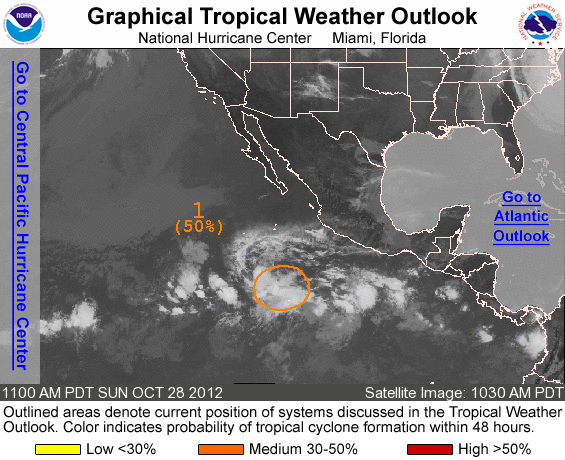
FOR THE EASTERN NORTH PACIFIC...EAST OF 140 DEGREES WEST LONGITUDE..

1. DISORGANIZED SHOWERS AND THUNDERSTORMS LOCATED ABOUT 600 MILES SOUTHWEST OF MANZANILLO MEXICO ARE ASSOCIATED WITH AN AREA OF LOW PRESSURE. ENVIRONMENTAL CONDITIONS APPEAR CONDUCIVE FOR SOME GRADUAL DEVELOPMENT OF THIS LOW DURING THE NEXT DAY OR SO...BUT SHOULD BECOME LESS FAVORABLE AFTER THAT TIME. THIS SYSTEM HAS A MEDIUM CHANCE...50 PERCENT...OF BECOMING A TROPICAL CYCLONE DURING THE NEXT 48 HOURS AS IT MOVES WEST-NORTHWESTWARD OR NORTHWESTWARD AT 10 TO 15 MPH.

ELSEWHERE...TROPICAL CYCLONE FORMATION IS NOT EXPECTED DURING THE NEXT 48 HOURS.

FORECASTER KIMBERLAIN